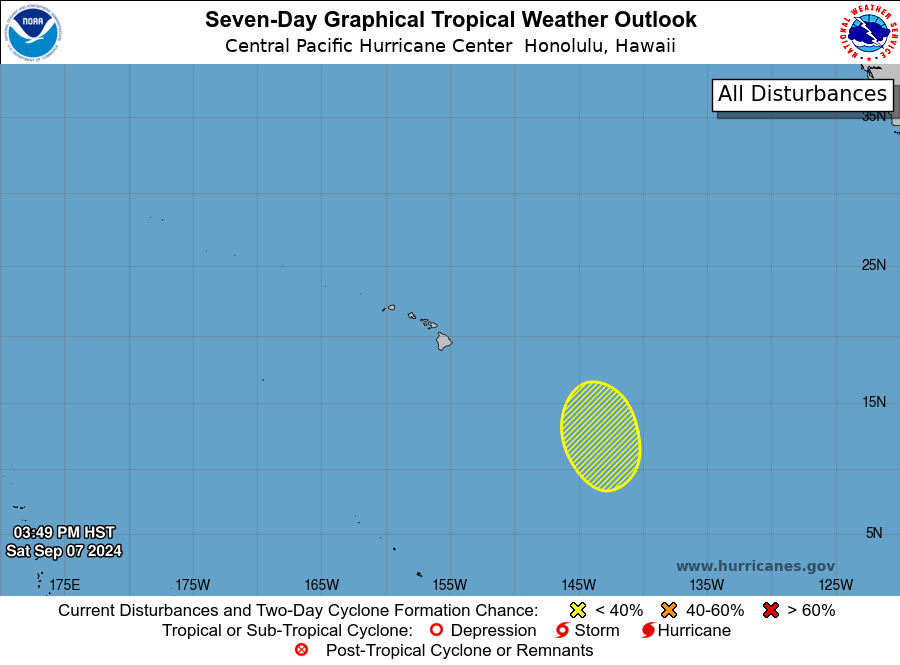
For the central North Pacific...between 140W and 180W:

1. Approximately 1100 miles southeast of Hilo, Hawaii: Disorganized showers and thunderstorms associated with a trough of low pressure are located over 1000 miles southeast of Hilo, Hawaii. Environmental conditions are expected to be marginally conducive for some subsequent development of this system as it moves slowly northward over the next several days.
* Formation chance through 48 hours...low...near 0 percent.
* Formation chance through 7 days...low...20 percent.

Elsewhere, no tropical cyclones are expected during the next 7 days.

Forecaster Kino